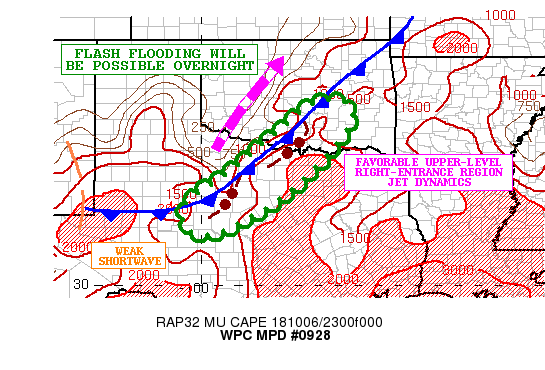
Areas affected...West-Central to Northwest TX...South-Central OK

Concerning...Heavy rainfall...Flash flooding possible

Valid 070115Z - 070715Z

Summary...Slow-moving and locally repeating showers and
thunderstorms will be capable of producing heavy rainfall and some
flash flooding over the next several hours.

Discussion...The latest satellite imagery has been showing an
expansion and cooling of convective tops across areas of
west-central to northwest TX and across the Red River into
south-central OK as a front draped across the region interacts
with a moist and moderately unstable airmass pooled along it.
PWATs across thee region are running between 1.6 and 1.8 inches
which is about 2 standard deviations above normal for this time of
the year.

There is some subtle indication in the GOES-16 RGB Airmass imagery
of a weak shortwave upstream over southeast NM and far west TX
that is ejecting out to the northeast and this coupled with
favorable upper-level right-entrance region jet dynamics on the
larger scale will likely help to further enhance the shower and
thunderstorm activity along the front.

The latest hires model guidance suggests convection will be fairly
slow-moving and at least semi-organized along the front over the
next several hours, and capable of producing heavy rainfall
totals. Some repeating cell activity is expected, and thus the
expectation is for as much as 3 to 4 inches of rain with locally
heavier amounts. Some flash flooding will be possible as a result.